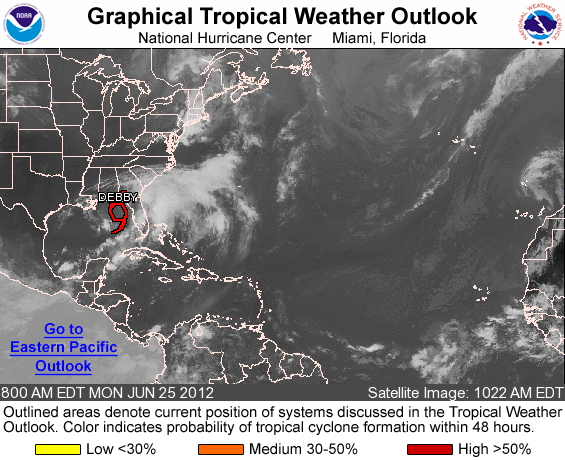
FOR THE NORTH ATLANTIC...CARIBBEAN SEA AND THE GULF OF MEXICO...

THE NATIONAL HURRICANE CENTER IS ISSUING ADVISORIES ON TROPICAL STORM DEBBY...LOCATED OVER THE NORTHEASTERN GULF OF MEXICO.

ELSEWHERE...TROPICAL CYCLONE FORMATION IS NOT EXPECTED DURING THE NEXT 48 HOURS.

FORECASTER FRANKLIN